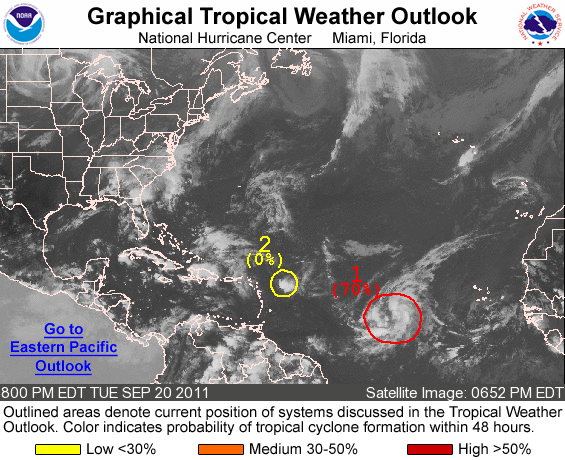
FOR THE NORTH ATLANTIC...CARIBBEAN SEA AND THE GULF OF MEXICO...

1. SHOWERS AND THUNDERSTORMS ASSOCIATED WITH THE LARGE LOW PRESSURE SYSTEM LOCATED ABOUT 1400 MILES EAST OF THE WINDWARD ISLANDS CONTINUE TO SHOW SIGNS OF ORGANIZATION...BUT RECENT SATELLITE IMAGERY INDICATES THAT THIS SYSTEM DOES NOT YET HAVE A WELL-DEFINED CIRCULATION CENTER. CONDITIONS ARE EXPECTED TO REMAIN CONDUCIVE FOR A TROPICAL DEPRESSION TO FORM IN THIS AREA TONIGHT OR WEDNESDAY... AND THIS SYSTEM HAS A HIGH CHANCE...70 PERCENT...OF BECOMING A TROPICAL CYCLONE DURING THE NEXT 48 HOURS AS IT MOVES WESTWARD AT 5 TO 10 MPH.

2. A SMALL AREA OF LOW PRESSURE LOCATED ABOUT 300 MILES EAST OF THE NORTHERN LEEWARD ISLANDS IS PRODUCING DISORGANIZED SHOWER AND THUNDERSTORM ACTIVITY. UPPER-LEVEL WINDS ARE NOT FAVORABLE FOR DEVELOPMENT OF THIS SYSTEM...HOWEVER THIS LOW COULD BRING A BRIEF PERIOD OF RAINFALL AND GUSTY WINDS TO PORTIONS OF THE NORTHERN LEEWARD ISLANDS ON WEDNESDAY AS IT MOVES WESTWARD AT 15 TO 20 MPH. THIS SYSTEM HAS A LOW CHANCE...NEAR 0 PERCENT...OF BECOMING A TROPICAL CYCLONE DURING THE NEXT 48 HOURS.

ELSEWHERE...TROPICAL CYCLONE FORMATION IS NOT EXPECTED DURING THE NEXT 48 HOURS.

FORECASTER BRENNAN